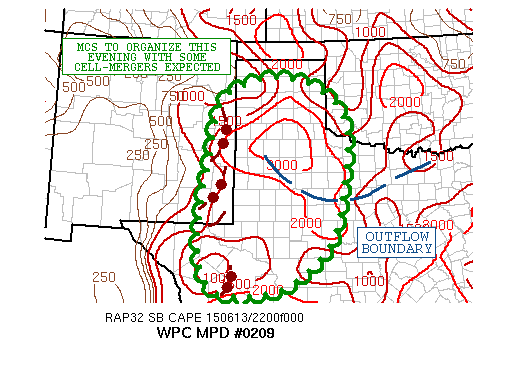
AREAS AFFECTED...EASTERN NM...WESTERN TX...EXTREME SOUTHWEST OK

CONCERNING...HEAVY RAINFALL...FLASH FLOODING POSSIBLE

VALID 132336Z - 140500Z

SUMMARY...CONVECTION MAY TEND TO BECOME MORE ORGANIZED THE NEXT
FEW HOURS. INTENSE RAINFALL RATES AND A FEW CELL-MERGERS MAY
RESULT IN SOME FLASH FLOODING.

DISCUSSION...SATELLITE IMAGERY SHOWS CONVECTION OVERALL BECOMING
BETTER ORGANIZED ACROSS EASTERN NM...WITH THE ACTIVITY BEGINNING
TO TAKE THE FORM OF AN EASTWARD PROPAGATING MCS. THE ACTIVITY IS
DEVELOPING AND EXPANDING AROUND THE SOUTHEAST FLANK OF A SHORTWAVE
TROUGH AND IS ADVANCING OUT INTO THE HIGH PLAINS WHERE STRONG
DIURNAL HEATING HAS RESULTED IN SURFACE-BASED INSTABILITY TO THE
ORDER OF ABOUT 3000 J/KG.

THE INCREASED POOL OF MOISTURE AND INSTABILITY OVER WEST TEXAS
COUPLED WITH DEEPER LAYER ASCENT AHEAD OF THE SHORTWAVE SHOULD
ALLOW THE CURRENT ACTIVITY TO NOTABLY EXPAND IN COVERAGE AND
ORGANIZATION THROUGH THE EVENING HOURS...ESPECIALLY BETWEEN 00Z
AND 02Z WHICH IS STRONGLY SUPPORTED BY RECENT RUNS OF THE HRRR.

VERY HEAVY RAINFALL RATES OF UP TO 2 INCHES/HR WILL BE POSSIBLE
GIVEN THE PWATS OF 1.25 TO 1.5 INCHES OVER THE REGION. THERE IS AN
OUTFLOW BOUNDARY WHICH HAS BEEN HELPING TO FOCUS PULSE CELL
ACTIVITY OVER WEST TEXAS...AND SO THE EASTERN NM MCS WILL MERGE
WITH THIS ACTIVITY OVER THE NEXT FEW HOURS AND WILL SET THE STAGE
FOR A PERIOD OF CELL-MERGERS.

GIVEN THE EXPECTED HIGH RAINFALL RATES AND CELL-MERGER
ACTIVITY...THERE WILL BE CONCERNS THIS EVENING FOR SOME FLASH
FLOODING AND RUNOFF PROBLEMS. THIS WILL ESPECIALLY BE THE CASE
WHERE EARLIER HEAVY RAINS OCCURRED.